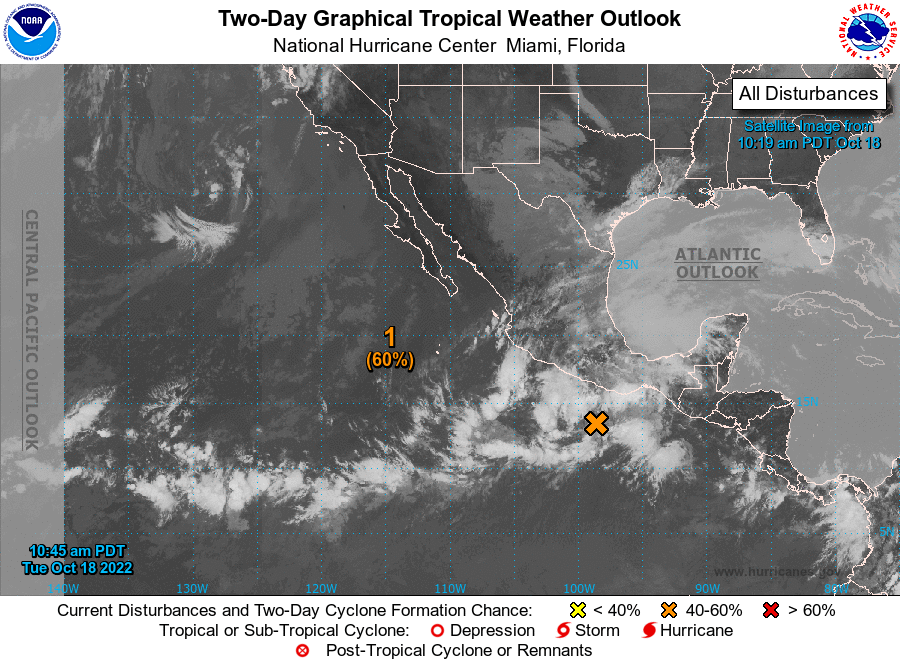
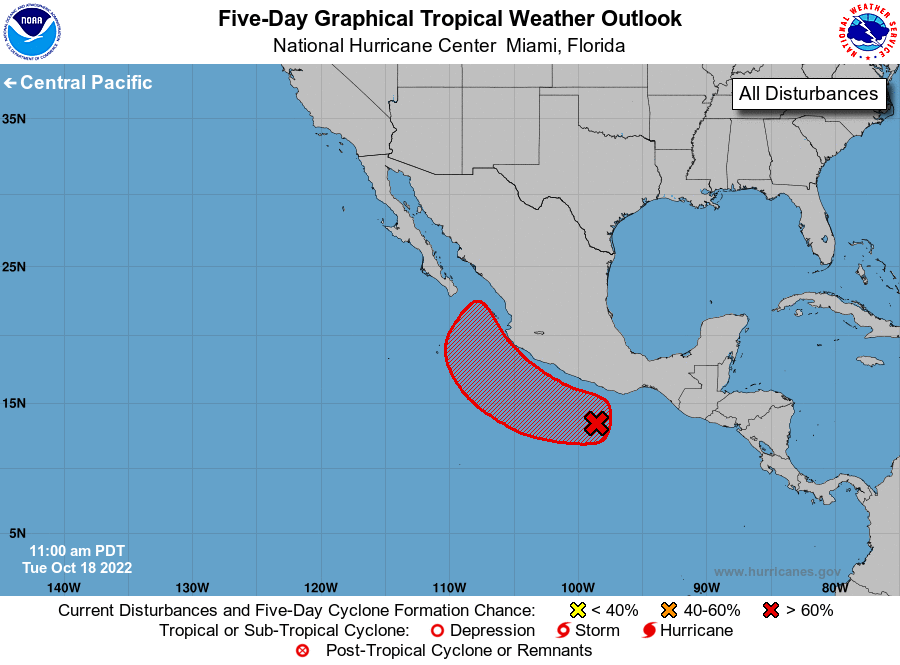
For the eastern North Pacific...east of 140 degrees west longitude:

1. Offshore of Southern Mexico: A trough of low pressure is located a few hundred miles south of the southern coast of Mexico. This system has become a little better organized since yesterday, and environmental conditions appear conducive for additional development. A tropical depression is likely to form in the next two to three days while the system moves generally west-northwestward, parallel to the southwestern coast of Mexico.
* Formation chance through 48 hours...medium...60 percent.
* Formation chance through 5 days...high...90 percent.

Forecaster Beven